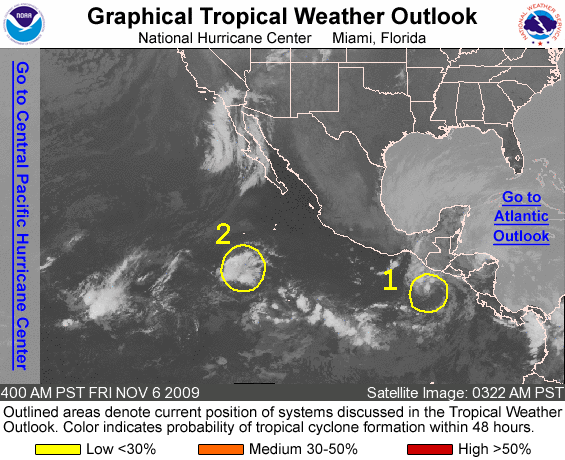
FOR THE EASTERN NORTH PACIFIC...EAST OF 140 DEGREES WEST LONGITUDE..

1. SHOWER AND THUNDERSTORM ACTIVITY REMAINS MINIMAL IN ASSOCIATION WITH AN AREA OF LOW PRESSURE LOCATED A COUPLE OF HUNDRED MILES SOUTH OF THE MEXICO/GUATEMALA BORDER. ANY DEVELOPMENT OF THIS SYSTEM SHOULD BE SLOW TO OCCUR OVER THE NEXT DAY OR SO BEFORE UPPER-LEVEL WINDS BECOME LESS FAVORABLE FOR DEVELOPMENT. THERE IS A LOW CHANCE...LESS THAN 30 PERCENT...OF THIS SYSTEM BECOMING A TROPICAL CYCLONE DURING THE NEXT 48 HOURS AS IT MOVES SLOWLY NORTHWARD OR NORTHEASTWARD.

2. ANOTHER AREA OF LOW PRESSURE IS LOCATED ABOUT 700 MILES SOUTH- SOUTHWEST OF THE SOUTHERN TIP OF BAJA CALIFORNIA. UPPER-LEVEL WINDS ARE EXPECTED TO BECOME GRADUALLY LESS FAVORABLE FOR DEVELOPMENT OVER THE NEXT COUPLE OF DAYS. THERE IS A LOW CHANCE...LESS THAN 30 PERCENT...OF THIS SYSTEM BECOMING A TROPICAL CYCLONE DURING THE NEXT 48 HOURS AS IT MOVES SLOWLY WESTWARD.

ELSEWHERE...TROPICAL CYCLONE FORMATION IS NOT EXPECTED DURING THE NEXT 48 HOURS.

FORECASTER FRANKLIN